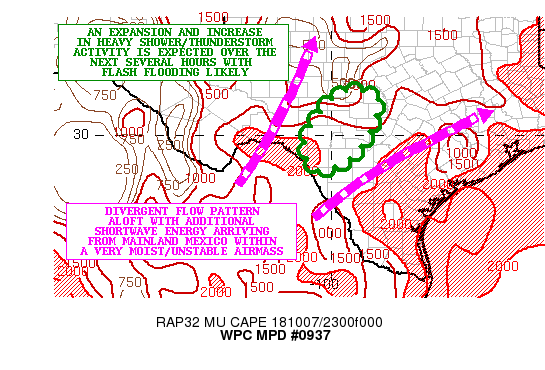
Areas affected...Rio Grande Valley to the TX Hill Country

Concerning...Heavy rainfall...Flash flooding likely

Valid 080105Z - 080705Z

Summary...Heavy showers and thunderstorms are expected to become
more concentrated over the next few hours. Very heavy rainfall
rates will likely result in flash flooding.

Discussion...The latest satellite imagery shows a strongly
divergent flow pattern aloft within what is a very moist and
moderately unstable airmass across the middle and lower Rio Grande
Valley. Showers and thunderstorms have been gradually developing
north of the middle Rio Grande Valley and are lifting north toward
portions of the TX Hill Country. MUCAPE values are running as high
as 2000+ j/kg and PWATS are as high as 1.8 to 2.0 inches.

The latest hires model guidance consisting of the 12Z
ARW/ARW2/NMMB solutions and recent HRRR runs support an axis of
highly focused convection setting up over the next several hours
along and adjacent an axis from Del Rio to Rocksprings to
Junction, TX involving areas of the Rio Grande Valley and the TX
Hill Country. Much of the activity should be enhanced by
additional shortwave energy lifting northeast across mainland
Mexico ahead of a deep layer trough over the Southwest U.S. This
energy will maintain favorable right-entrance region jet dynamics
across the region within a favorable thermodynamic regime over the
next several hours. There will likely be evolution of convective
cold pools to that will foster additional low level support/focus
for convection.

Rainfall amounts of as much as 2 inches/hr will be possible as
convection organizes, and storm totals to as much as 4 to 6 inches
will be possible through 06Z. These amounts are likely to cause
flash flooding overnight. Will continue to closesly monitor.